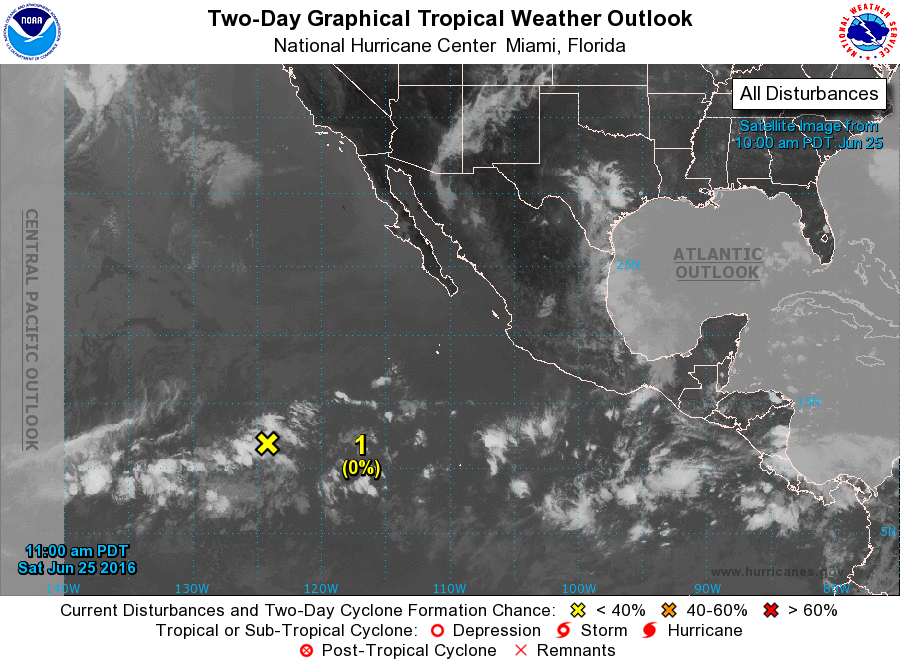
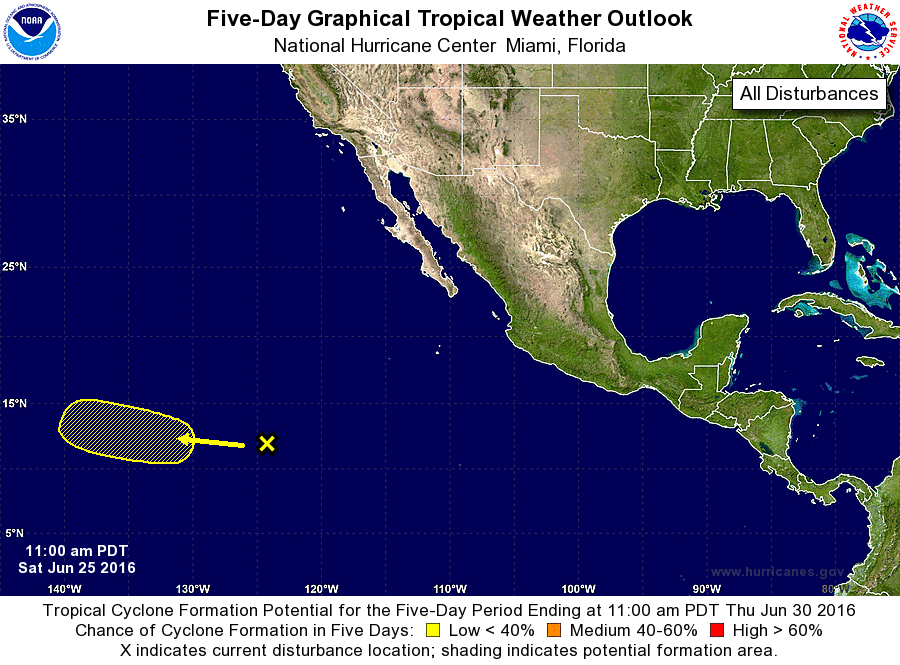
For the eastern North Pacific...east of 140 degrees west longitude:

1. Disorganized showers and thunderstorm continue near an elongated area of low pressure located about 1150 miles southwest of the southern tip of the Baja California peninsula. Environmental conditions are forecast to become less conducive than expected yesterday, but some slow development of this system is still possible early next week while the low moves to the west or west-northwest at 10-15 mph.
* Formation chance through 48 hours...low...near 0 percent
* Formation chance through 5 days...low...20 percent

Forecaster Blake